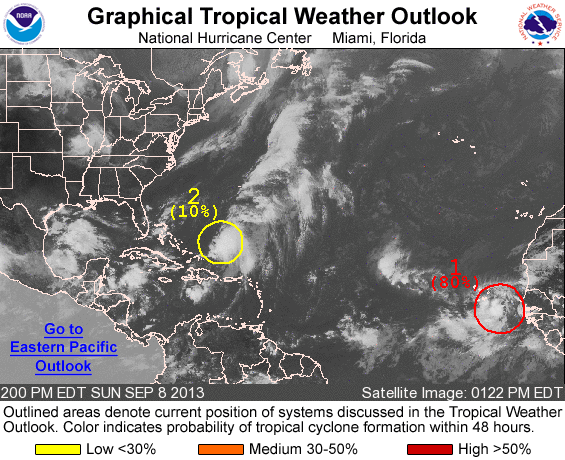
FOR THE NORTH ATLANTIC...CARIBBEAN SEA AND THE GULF OF MEXICO...

1. SHOWERS AND THUNDERSTORMS ASSOCIATED WITH A LOW PRESSURE SYSTEM CENTERED ABOUT 250 MILES EAST-SOUTHEAST OF THE SOUTHERN CAPE VERDE ISLANDS CONTINUE TO SHOW SIGNS OF ORGANIZATION. ENVIRONMENTAL CONDITIONS APPEAR CONDUCIVE FOR FURTHER DEVELOPMENT...AND A TROPICAL DEPRESSION COULD FORM LATER TODAY OR TOMORROW WHILE THE LOW MOVES WEST-NORTHWESTWARD AT ABOUT 10 MPH. THIS SYSTEM HAS A HIGH CHANCE...80 PERCENT...OF BECOMING A TROPICAL CYCLONE DURING THE NEXT 48 HOURS...AND A HIGH CHANCE...90 PERCENT...OF BECOMING A TROPICAL CYCLONE DURING THE NEXT 5 DAYS. INTERESTS IN THE CAPE VERDE ISLANDS SHOULD MONITOR THE PROGRESS OF THIS SYSTEM...AND TROPICAL STORM WATCHES OR WARNINGS COULD BE REQUIRED IF A DEPRESSION FORMS. REGARDLESS OF TROPICAL CYCLONE FORMATION...HEAVY RAINFALL AND GUSTY WINDS ARE POSSIBLE IN THE CAPE VERDE ISLANDS BY TONIGHT.

2. A BROAD LOW PRESSURE AREA ASSOCIATED WITH THE REMNANTS OF GABRIELLE IS CENTERED ABOUT 400 MILES NORTHEAST OF THE SOUTHEASTERN BAHAMAS. THE CIRCULATION ASSOCIATED WITH THE LOW IS NOT WELL ORGANIZED...AND THE SHOWER AND THUNDERSTORM ACTIVITY IS DISPLACED TO THE EAST OF THE CENTER. UPPER-LEVEL WINDS ARE EXPECTED TO BECOME EVEN LESS CONDUCIVE FOR DEVELOPMENT DURING THE NEXT FEW DAYS WHILE THE LOW MOVES NORTHEASTWARD AND THEN NORTH-NORTHEASTWARD AT ABOUT 10 MPH. THIS SYSTEM HAS A LOW CHANCE...10 PERCENT...OF BECOMING A TROPICAL CYCLONE DURING THE NEXT 48 HOURS...AND A MEDIUM CHANCE...30 PERCENT...OF BECOMING A TROPICAL CYCLONE DURING THE NEXT 5 DAYS.

OTHER SYSTEMS WITH DEVELOPMENT POTENTIAL BEYOND 48 HOURS...

A TROUGH OF LOW PRESSURE IS EXPECTED TO FORM OVER THE EXTREME SOUTHWESTERN GULF OF MEXICO AND BAY OF CAMPECHE IN A FEW DAYS...AND UPPER-LEVEL WINDS SHOULD BE CONDUCIVE FOR SOME DEVELOPMENT. THIS SYSTEM HAS A LOW CHANCE...NEAR 0 PERCENT...OF BECOMING A TROPICAL CYCLONE DURING THE NEXT 48 HOURS...AND A LOW CHANCE...20 PERCENT...OF BECOMING A TROPICAL CYCLONE DURING THE NEXT 5 DAYS.

FIVE-DAY FORMATION PROBABILITIES ARE EXPERIMENTAL IN 2013. COMMENTS ON THE EXPERIMENTAL FORECASTS CAN BE PROVIDED AT...

HTTP://WWW.NWS.NOAA.GOV/SURVEY/NWS-SURVEY.PHP?CODE=ETWO

FORECASTER BERG